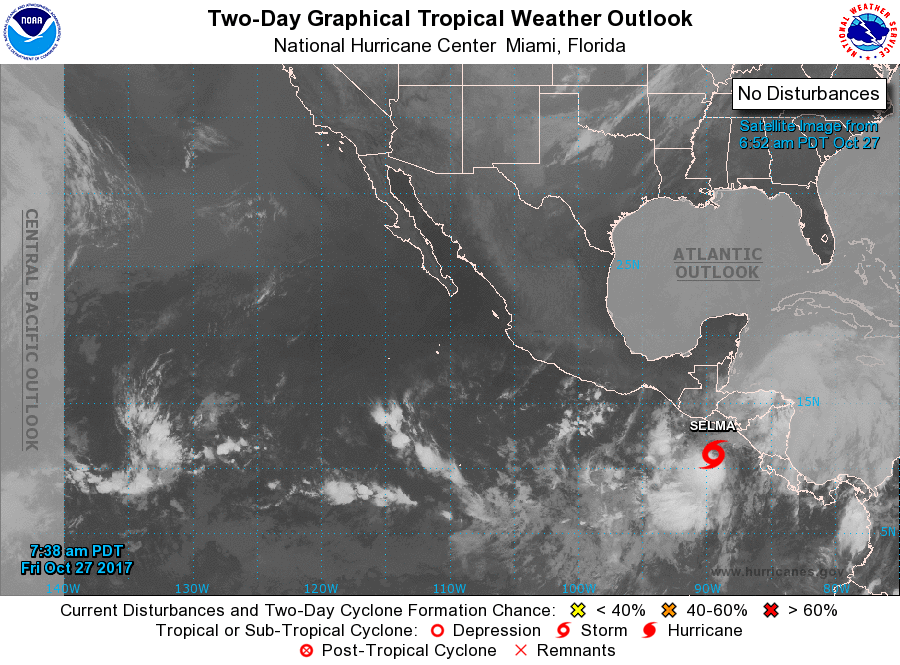
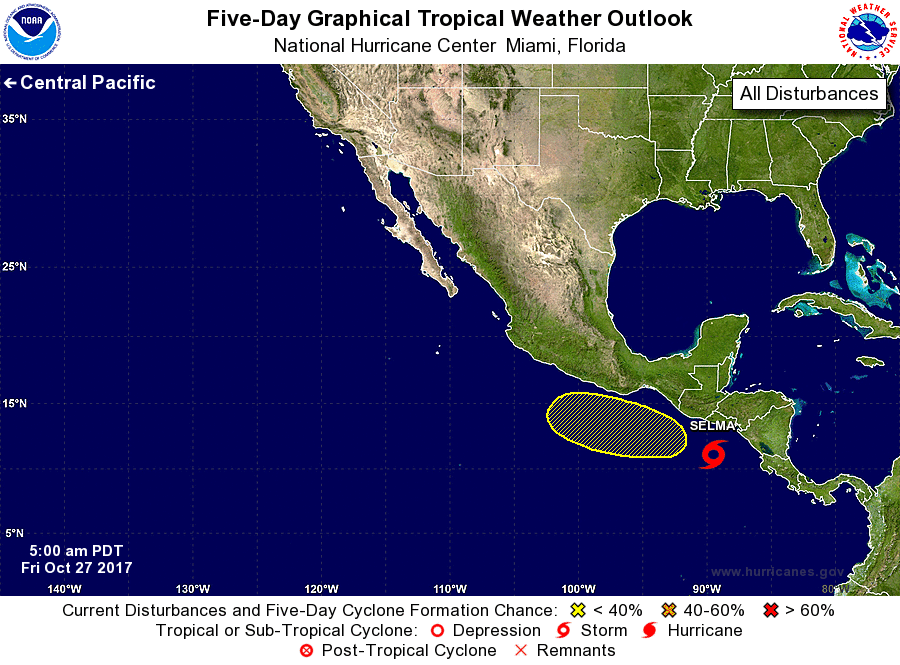
For the eastern North Pacific...east of 140 degrees west longitude:

The National Hurricane Center is issuing advisories on newly formed Tropical Storm Selma, located a couple of hundred miles south of San Salvador, El Salvador.

1. An area of low pressure is forecast to form to the south or southwest of the Gulf of Tehuantepec in a couple of days. Environmental conditions are expected to be conducive for some gradual development of this system early next week while it moves slowly westward.
* Formation chance through 48 hours...low...near 0 percent.
* Formation chance through 5 days...low...20 percent.

Public Advisories on Selma are issued under WMO header WTPZ35 KNHC and under AWIPS header MIATCPEP5. Forecast/Advisories on Selma are issued under WMO header WTPZ25 KNHC and under AWIPS header MIATCMEP5.

Forecaster Brown